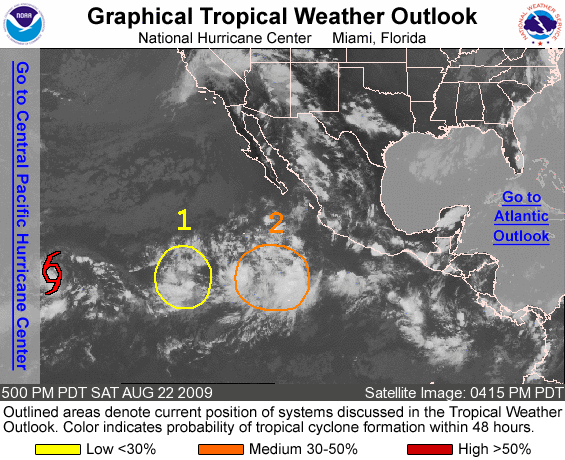
FOR THE EASTERN NORTH PACIFIC...EAST OF 140 DEGREES WEST LONGITUDE..

THE NATIONAL HURRICANE CENTER IS ISSUING ADVISORIES ON NEWLY-FORMED TROPICAL STORM HILDA...LOCATED ABOUT 1225 MILES EAST-SOUTHEAST OF HILO HAWAII.

1. SHOWERS AND THUNDERSTORMS REMAIN DISORGANIZED IN ASSOCIATION WITH WITH A BROAD AREA OF LOW PRESSURE LOCATED ABOUT A THOUSAND MILES SOUTHWEST OF THE SOUTHERN TIP OF BAJA CALIFORNIA. DEVELOPMENT OF THIS SYSTEM IS NOT ANTICIPATED AS IT MOVES SLOWLY WESTWARD. THERE IS A LOW CHANCE...LESS THAN 30 PERCENT...OF THIS SYSTEM BECOMING A TROPICAL CYCLONE DURING THE NEXT 48 HOURS.

2. A TROPICAL WAVE LOCATED ABOUT 500 MILES SOUTH-SOUTHWEST OF MANZANILLO MEXICO IS PRODUCING A LARGE AREA OF SHOWERS AND THUNDERSTORMS. CONDITIONS APPEAR FAVORABLE FOR SLOW DEVELOPMENT OF THIS SYSTEM DURING THE NEXT COUPLE DAYS AS IT MOVES TOWARD THE WEST-NORTHWEST AT 10 TO 15 MPH. THERE IS A MEDIUM CHANCE...30 TO 50 PERCENT...OF THIS SYSTEM BECOMING A TROPICAL CYCLONE DURING THE NEXT 48 HOURS.

ELSEWHERE...TROPICAL CYCLONE FORMATION IS NOT EXPECTED DURING THE NEXT 48 HOURS.

PUBLIC ADVISORIES ON HILDA ARE ISSUED UNDER WMO HEADER WTPZ31 KNHC AND UNDER AWIPS HEADER MIATCPEP1. FORECAST/ADVISORIES ARE ISSUED UNDER WMO HEADER WTPZ21 KNHC AND UNDER AWIPS HEADER MIATCMEP1.

FORECASTER BLAKE